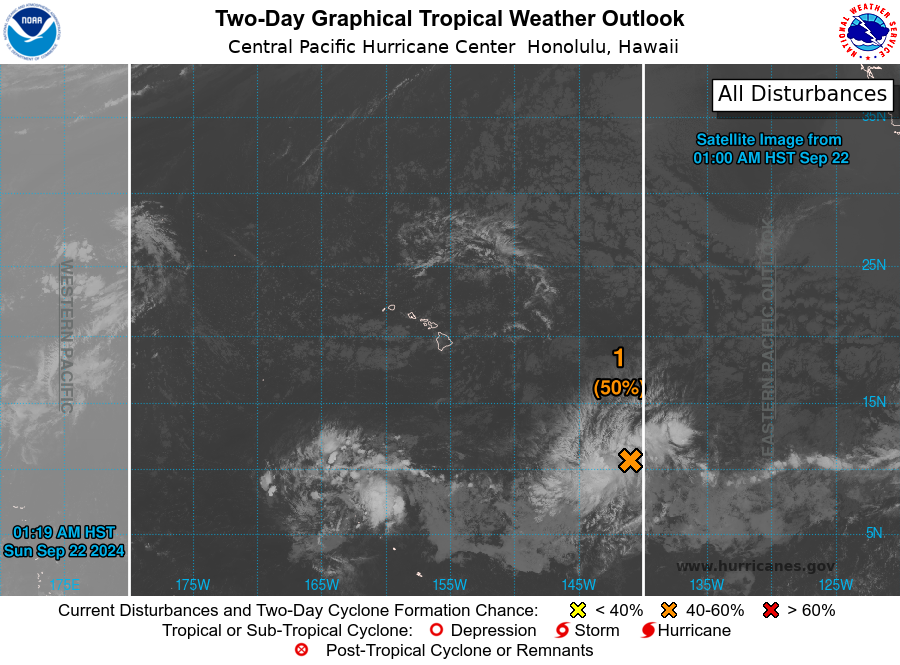
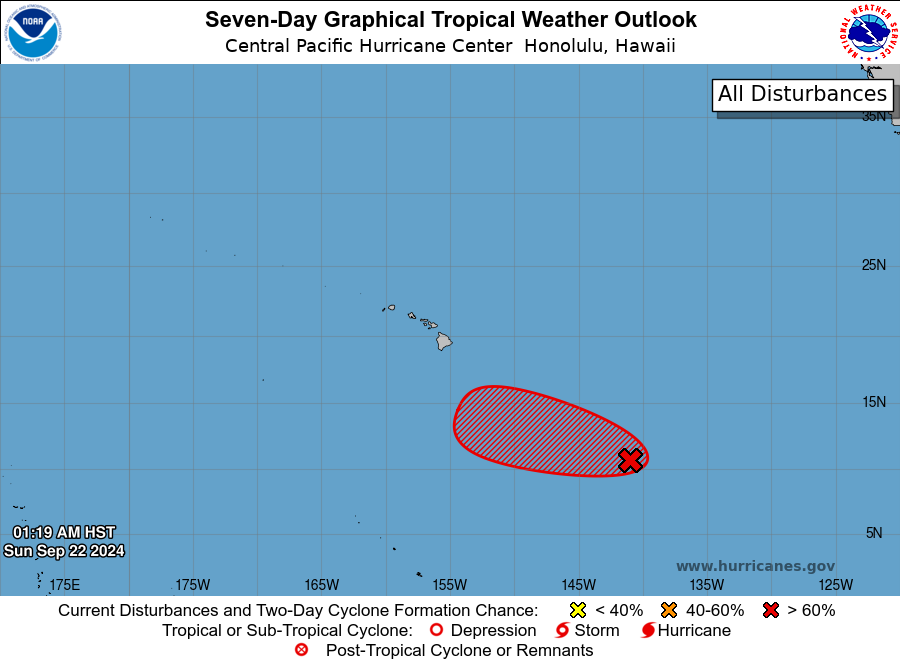
For the central North Pacific...between 140W and 180W:

1. Approximately 1050 miles southeast of Hilo, Hawaii: An area of low pressure located far southeast of Hawaii continues to produce disorganized showers and thunderstorms, while conditions aloft continue to produce good outflow. Environmental conditions appear conducive for some development over the next few days, and a tropical depression could form as it moves westward at 5 to 10 mph. By midweek, conditions will become gradually less conducive for development.
* Formation chance through 48 hours...medium...near 50 percent.
* Formation chance through 7 days...medium...70 percent.

Forecaster Bohlin